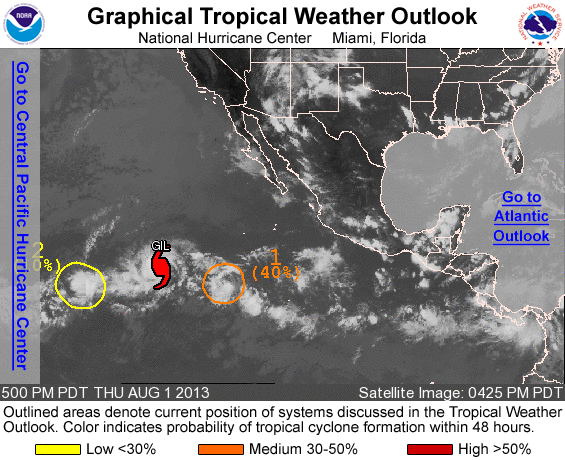
FOR THE EASTERN NORTH PACIFIC...EAST OF 140 DEGREES WEST LONGITUDE..

THE NATIONAL HURRICANE CENTER IS ISSUING ADVISORIES ON HURRICANE GIL...LOCATED WELL TO THE SOUTHWEST OF THE SOUTHERN TIP OF THE BAJA CALIFORNIA PENINSULA.

1. SHOWERS AND THUNDERSTORMS ASSOCIATED WITH AN AREA OF LOW PRESSURE...LOCATED ABOUT 850 MILES SOUTH-SOUTHWEST OF THE SOUTHERN TIP OF THE BAJA CALIFORNIA PENINSULA...REMAIN POORLY ORGANIZED. ENVIRONMENTAL CONDITIONS ARE EXPECTED TO BE MARGINALLY CONDUCIVE FOR DEVELOPMENT FOR THE NEXT COUPLE OF DAYS...AND COULD BECOME LESS CONDUCIVE AFTER THAT TIME. THIS SYSTEM HAS A MEDIUM CHANCE...40 PERCENT...OF BECOMING A TROPICAL CYCLONE DURING THE NEXT 48 HOURS...AND A MEDIUM CHANCE...50 PERCENT...OF BECOMING A TROPICAL CYCLONE DURING THE NEXT 5 DAYS.

2. AN AREA OF DISTURBED WEATHER HAS DEVELOPED ABOUT 1400 MILES EAST-SOUTHEAST OF THE HAWAIIAN ISLANDS. SLOW DEVELOPMENT OF THIS SYSTEM IS POSSIBLE DURING THE NEXT SEVERAL DAYS AS IT MOVES WESTWARD AT ABOUT 10 TO 15 MPH. THIS SYSTEM HAS A LOW CHANCE... 10 PERCENT...OF BECOMING A TROPICAL CYCLONE DURING THE NEXT 48 HOURS...AND A LOW CHANCE...20 PERCENT...OF BECOMING A TROPICAL CYCLONE DURING THE NEXT 5 DAYS.

FIVE-DAY FORMATION PROBABILITIES ARE EXPERIMENTAL IN 2013. COMMENTS ON THE EXPERIMENTAL FORECASTS CAN BE PROVIDED AT...

HTTP://WWW.NWS.NOAA.GOV/SURVEY/NWS-SURVEY.PHP?CODE=ETWO

FORECASTER BEVEN